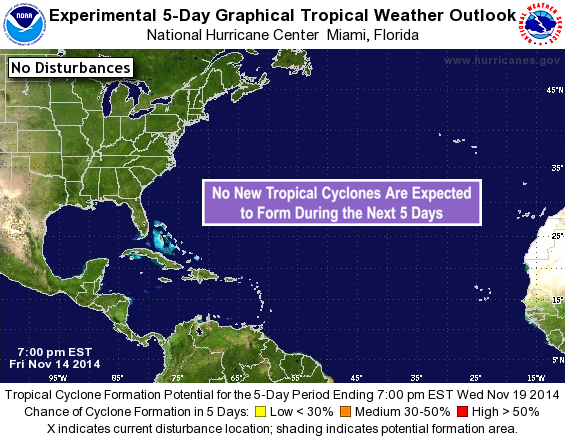
For the North Atlantic...Caribbean Sea and the Gulf of Mexico:

Tropical cyclone formation is not expected during the next 5 days.

Forecaster Brennan